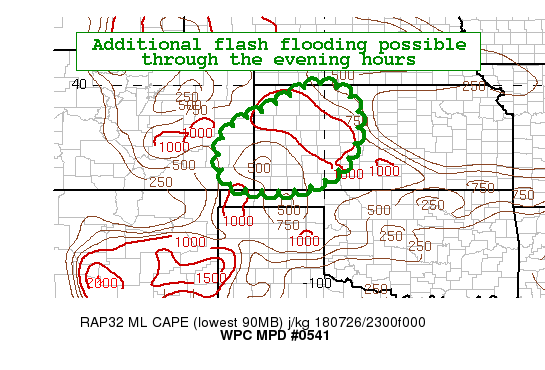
Areas affected...eastern CO...western KS

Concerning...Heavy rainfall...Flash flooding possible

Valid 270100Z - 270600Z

Summary...Several clusters of heavy showers and thunderstorms will
organize through the evening hours. Some additional flash flooding
is possible considering heavy rainfall rates to near 2 inches/hr
and relatively wet antecedent conditions.

Discussion...The latest radar imagery shows multiple clusters of
heavy showers and thunderstorms organizing across northwest KS and
far eastern CO as an unstable and moist boundary layer, with
modest low level easterly/upslope flow, focuses across the High
Plains. Meanwhile, the convection is being strongly aided by 40 to
50 kts of effective bulk shear as stronger mid level northwest
flow overruns the region, and over the next few hours there will
be an opportunity for additional convective organization with a
few cell mergers and some larger scale growth as convection drops
generally down to the south across eastern CO and western KS.

Precipitable water values are as high as 1.2 to 1.3 inches, with
MLCAPE values of as much as 1500 j/kg. These will contribute to
rainfall rates that may approach 2 inches/hr. There has been heavy
rain over the last few days across areas of eastern CO and western
KS, and the additional convective rainfall will foster a threat of
flash flooding. Will continue to monitor.